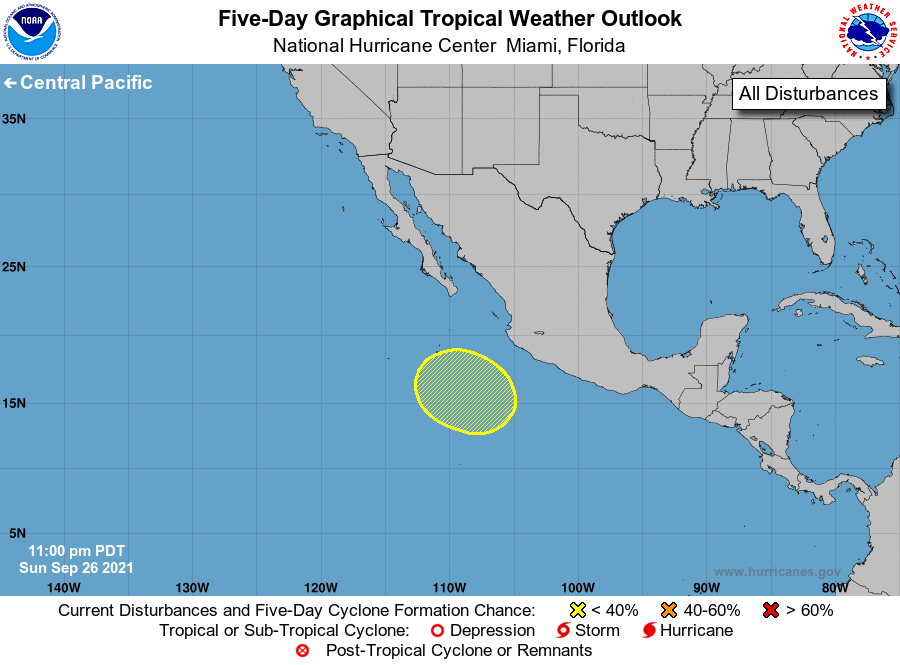
For the eastern North Pacific...east of 140 degrees west longitude:

1. An area of low pressure is expected to form several hundred miles offshore the southwestern coast of Mexico by midweek. Environmental conditions could be conducive for some gradual development of this system during the latter parts of the week while it moves slowly northwestward or northward, remaining well offshore the southwestern coast of Mexico.
* Formation chance through 48 hours...low...near 0 percent.
* Formation chance through 5 days...low...30 percent.

Forecaster Reinhart